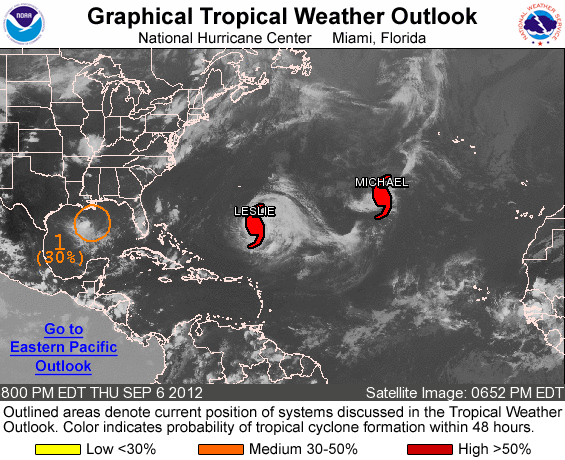
FOR THE NORTH ATLANTIC...CARIBBEAN SEA AND THE GULF OF MEXICO...

THE NATIONAL HURRICANE CENTER IS ISSUING ADVISORIES ON HURRICANE LESLIE...LOCATED ABOUT 430 MILES SOUTH-SOUTHEAST OF BERMUDA...AND ON HURRICANE MICHAEL...LOCATED ABOUT 945 MILES WEST-SOUTHWEST OF THE AZORES.

1. A NEARLY STATIONARY AREA OF LOW PRESSURE IS CENTERED ABOUT 60 MILES SOUTHEAST OF THE MOUTH OF THE MISSISSIPPI RIVER. THE ASSOCIATED SHOWER AND THUNDERSTORM ACTIVITY IS LOCATED WELL TO THE SOUTHWEST OF THE CENTER OF CIRCULATION DUE TO STRONG UPPER-LEVEL WINDS AND DRY AIR. ENVIRONMENTAL CONDITIONS ARE NOT FORECAST TO BECOME SIGNIFICANTLY MORE FAVORABLE...BUT THERE IS STILL SOME POTENTIAL FOR THIS SYSTEM TO DEVELOP DURING THE NEXT COUPLE OF DAYS. THE LOW HAS A MEDIUM CHANCE...30 PERCENT...OF BECOMING A TROPICAL CYCLONE DURING THE NEXT 48 HOURS.

ELSEWHERE...TROPICAL CYCLONE FORMATION IS NOT EXPECTED DURING THE NEXT 48 HOURS.

FORECASTER BERG